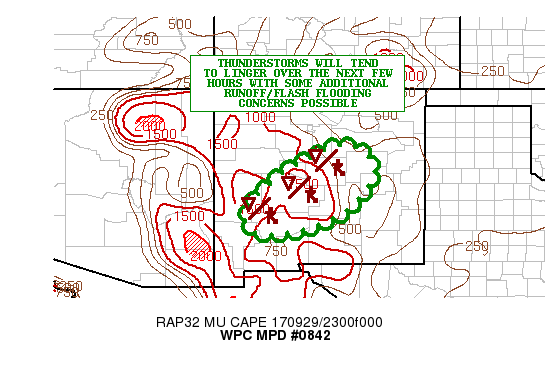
AREAS AFFECTED...NEW MEXICO

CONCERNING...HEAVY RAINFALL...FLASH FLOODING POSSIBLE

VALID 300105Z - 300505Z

SUMMARY...STRONG THUNDERSTORMS WITH INTENSE RAINFALL RATES WILL
CONTINUE OVER THE NEXT FEW MORE HOURS. SOME ADDITIONAL FLASH
FLOODING CONCERNS WILL BE POSSIBLE.

DISCUSSION...LATE-AFTERNOON NON-OPERATIONAL GOES-16 DAY-CLOUD
CONVECTION RGB IMAGERY AND 1-MINUTE ENI LIGHTNING DATA SHOWS AN
IMPRESSIVE CLUSTER OF THUNDERSTORMS CONTINUING TO DROP
EAST-SOUTHEAST ACROSS CENTRAL NM...WITH AN EMPHASIS CURRENTLY ON
VALENCIA...SOCORRO AND TORRANCE COUNTIES. THE THUNDERSTORM CLUSTER
WHICH HAS HAD A HISTORY OF PRODUCING FLASH FLOODING REMAINS WELL
ORGANIZED WITH MULTIPLE OVERSHOOTING TOPS STILL SEEN IN VIS/IR
SATELLITE IMAGERY.

THE CONVECTION REMAINS EMBEDDED WITHIN A FAVORABLY UNSTABLE AND
SHEARED ENVIRONMENT WITH AS MUCH AS 1000 TO 1500 J/KG OF MUCAPE
AND 30 TO 40 KTS OF EFFECTIVE BULK SHEAR WHICH IS BEING AIDED BY
STRONGER MID LEVEL FLOW ROUNDING THE BASE OF THE UPPER
TROUGH/CLOSED LOW LIFTING GRADUALLY NORTHEAST ACROSS WY.

OVER THE NEXT FEW HOURS...SOME GRADUAL WEAKENING CAN BE
ANTICIPATED AS INSTABILITY WANES DUE TO THE LOSS OF DAYTIME
HEATING AND ALSO WITH THE CONVECTION ENCOUNTERING AN ALREADY MORE
STABLE BOUNDARY LAYER OVER EASTERN NM. HOWEVER...THE LATEST HRRR
GUIDANCE SUPPORTS SOME ADDITIONAL 1 TO 2 INCH AMOUNTS...AND SOME
ISOLATED HEAVIER AMOUNTS MAY BE POSSIBLE WHERE SOME STRONGER
OVERSHOOTING TOPS AND BRIEF BACKBUILDING OF CELLS OCCUR. THE
ANTECEDENT CONDITIONS IN THE AREA OF THE CURRENT ACTIVITY ARE ALSO
RELATIVELY WET...AND SO THESE ADDITIONAL AMOUNTS MAY RESULT IN
SOME ADDITIONAL RUNOFF CONCERNS AND/OR FLASH FLOODING.